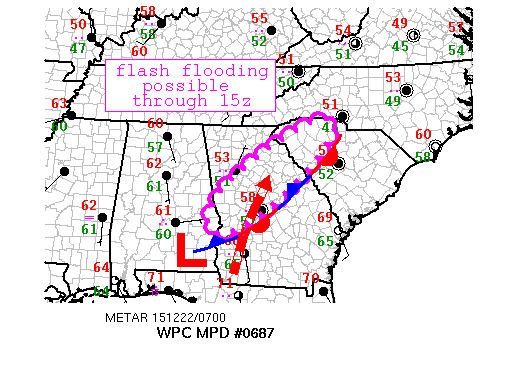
AREAS AFFECTED...SOUTHEAST

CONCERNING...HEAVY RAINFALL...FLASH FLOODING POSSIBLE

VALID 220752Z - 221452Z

SUMMARY...FLASH FLOODING IS POSSIBLE ACROSS PARTS OF
ALABAMA...GEORGIA...AND SOUTH CAROLINA THROUGH 15Z.

DISCUSSION...A STATIONARY FRONT EXTENDING FROM MONTGOMERY TO ABOUT
MACON...AUGUSTA
AND CHARLOTTE CONTINUES TO STRENGTHEN IN RESPONSE TO THE
APPROACHING UPPER TROUGH INCLUDING WARM ADVECTION SOUTH OF THE
FRONT AND DIABATIC COOLING NORTH OF IT. THE RESULT IS A STRONGER
FRONT WITH COMPENSATING FRONTOLYTIC RESPONSE. ADDITIONALLY...A
WELL DEFINED SURFACE LOW OVER SOUTHEAST ALABAMA CONTINUES TO MOVE
ALONG THE FRONT ENHANCING ASCENT.

OBSERVED AND RADAR DERIVED RAIN RATES WITHIN CLOSE PROXIMITY OF
THE LOW HAVE PEAKED AROUND 1.5 IN/HR WITH A DURATION OF ABOUT 2
HOURS.

RECENT RUNS OF THE HRRR AND OTHER HI-RES GUIDANCE CAPTURE THE
ONGOING SYNOPTIC AND MESOSCALE ENVIRONMENTS REASONABLY WELL...AND
ALLOW THE LOW TO CONTINUE MOVING NORTHEASTWARD THROUGH GEORGIA AND
PARTS OF SOUTH CAROLINA THROUGH 18Z...SUPPORTING A NARROW CORRIDOR
OF VERY HEAVY RAINFALL ALONG AND JUST NORTH OF THE FRONTAL
BOUNDARY...AND ALONG AND JUST SOUTH OF INTERSTATE 85.

ALTHOUGH INSTABILITY FOR VERTICAL DEVELOPMENT IS NEAR ZERO...THE
SLOPING FRONTAL BOUNDARY MAY SUPPORT SOME SLANTWISE CONVECTION
ENHANCING THE ALREADY HIGH RAINFALL RATES. MODELS ALSO SHOW THE
CLOUD LAYER WINDS WEAKENING SLIGHTLY AND LOW LEVEL JET INCREASING
AND VEERING THROUGH 15Z...WHICH WOULD HELP TO CREATE SLOWER CELL
MOTIONS AND INCREASE THE LIKELIHOOD OF SOME BACK BUILDING OR
LONGER DURATIONS RAINS.  FFG VALUES ACROSS NORTHERN GEORGIA AND
UPSTATE SOUTH CAROLINA ARE 2.5 TO 3 INCHES IN 3 HOURS...WHICH HAS
A CHANCE OF BEING EXCEEDED. IF NOT FLASH FLOODING...THE TIMING OF
THE HEAVY RAIN DURING RUSH HOUR AND HOLIDAY TRAVEL MAY BE
PROBLEMATIC BY ITSELF.